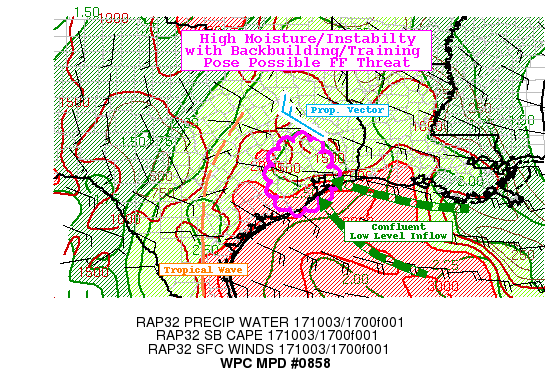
AREAS AFFECTED...SOUTHEAST TEXAS...

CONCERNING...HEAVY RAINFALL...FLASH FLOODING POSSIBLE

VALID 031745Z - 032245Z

SUMMARY...HIGHLY EFFICIENT/RATES 2.5-3"/HR ACROSS HOUSTON METRO
POSES FLASH FLOODING RISK. POTENTIAL FOR BACKBUILDING/TRAINING MAY
EXACERBATE SITUATION IF IT SETS UP.

DISCUSSION...GOES-16 IMAGERY LOOP SUITE DEPICT A STRONG TROPICAL
UPPER LOW ACROSS THE SW GULF WITH A NORTHWARD EXTENDING TROPICAL
WAVE ACROSS SOUTH CENTRAL TX CURVING BACK INTO RETURN FLOW ACROSS
NE TX. STRONG INFLUENCE OF SOUTHWEST RETROGRADING STRONG RIDGE
INTO MS/AL ALLOWS FOR MEAN FLOW TO BE GENERALLY WEAK BUT ALSO
QUITE CONFLUENT ACROSS SE TX/SW LA AND ADJACENT GULF WATERS.
WHILE THE MEAN LAPSE RATES ARE MOIST ADIABATIC/GENTLE THE VERY
WARM GULF AIR MASS IS PROVIDING AMPLE LOW LEVEL LATENT HEAT WITH
UPPER 70S TDS BEING ADVECTED ASHORE BY 20-25KTS INTO THE CONFLUENT
FLOW.  THIS PROVIDES STRONG MST FLUX CONVERGENCE TO SPARK DEEP
CONVECTION.  SURFACE TEMPS NEARING 90F WITH THE SEA BREEZE WASHING
IN...HAVE ALLOWED FOR CAPES IN EXCESS OF 3000 J/KG.  AS SUCH
RECENT 10.3UM SHOWS RAPID COOLING WITH THESE VIGOROUS UPDRAFTS
REACHING AS COLD AS -75C. WITH TROPICAL ENVIRONMENT/VERY HIGH
FREEZING LEVELS...WARM CLOUD PROCESSES TAPPING TPWS OVER
2.25"...ALLOWING FOR RAIN RATES UP TO 2.5-3"/HR.

ADDITIONALLY...MEAN CLOUD BEARING FLOW AROUND THE SOUTHWEST SIDE
OF THE DEEP RIDGE ARE GENTLE ABOUT 5-10KTS...WHILE INFLOW IS
20+KTS...ALLOWING FOR UPSTREAM PROPAGATION. MEAN FLOW IS ALSO HAS
FAIRLY CLOSE  ORIENTATION TO THE LINE OF BEST MST CONFLUENCE
SUPPORTING THE POTENTIAL FOR TRAINING.  AS SUCH A FEW HOURS OF
TRAINING POSE THE RISK OF 3-5"/HR WHICH CURRENTLY APPEARS TO BE
NEAR/OVER HOUSTON METRO INCREASING THE RISK FOR HYDROPHOBIC RUNOFF
IN SHORT DURATION LEADING TO FLASH FLOOD THREAT.

SLOW WESTWARD ADVANCEMENT OF DRIER MID-LEVEL FLOW AND FLATTENING
(EASTERLY) INFLOW SHOULD REDUCE CONVERGENCE ORIENTED FAVORABLY TO
THE MEAN FLOW AROUND 21-22Z.  HOWEVER...STRONG CONTINUED
FRICTIONAL CONVERGENCE ALONG THE COAST WITH BACKBUILDING HAS THE
POTENTIAL OF SHIFTING THE THREAT SW TOWARD BRAZORIA COUNTY AND
DOWNSTREAM COUNTIES.